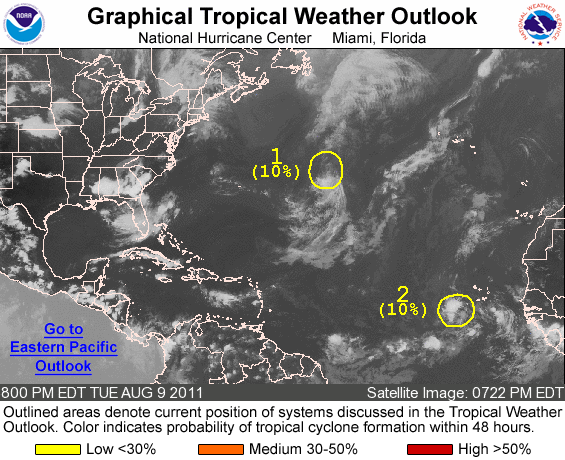
FOR THE NORTH ATLANTIC...CARIBBEAN SEA AND THE GULF OF MEXICO...

1. THE REMNANTS OF EMILY ARE LOCATED ABOUT 830 MILES EAST-NORTHEAST OF BERMUDA...MOVING TOWARD THE NORTHEAST AT ABOUT 25 MPH. THE ASSOCIATED SHOWER ACTIVITY IS CURRENTLY MINIMAL...AND ENVIRONMENTAL CONDITIONS ARE NOT CONDUCIVE FOR SIGNIFICANT DEVELOPMENT. THIS SYSTEM HAS A LOW CHANCE...10 PERCENT...OF REGENERATING INTO A TROPICAL CYCLONE DURING THE NEXT 48 HOURS.

2. AN AREA OF DISTURBED WEATHER...ASSOCIATED WITH A TROPICAL WAVE...HAS FORMED ABOUT 300 MILES SOUTHWEST OF THE SOUTHERN CAPE VERDE ISLANDS. SLOW DEVELOPMENT OF THIS SYSTEM IS POSSIBLE OVER THE NEXT COUPLE OF DAYS AS IT MOVES WESTWARD AT ABOUT 10 TO 15 MPH. THIS SYSTEM HAS A LOW CHANCE...10 PERCENT...OF BECOMING A TROPICAL CYCLONE DURING THE NEXT 48 HOURS.

ELSEWHERE...TROPICAL CYCLONE FORMATION IS NOT EXPECTED DURING THE NEXT 48 HOURS.

FORECASTER BEVEN